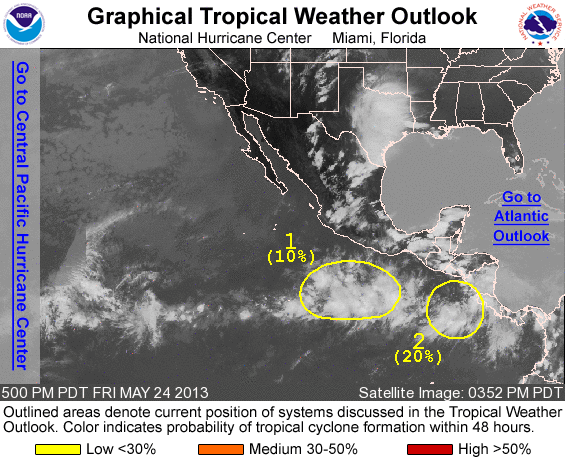
FOR THE EASTERN NORTH PACIFIC...EAST OF 140 DEGREES WEST LONGITUDE..

1. CLOUDINESS AND THUNDERSTORMS LOCATED SEVERAL HUNDRED MILES SOUTH OF THE COAST OF MEXICO ARE ASSOCIATED WITH A TROUGH OF LOW PRESSURE. DEVELOPMENT...IF ANY...OF THIS SYSTEM SHOULD BE SLOW TO OCCUR AS IT MOVES LITTLE DURING THE NEXT COUPLE OF DAYS. THIS SYSTEM HAS A LOW CHANCE...10 PERCENT...OF BECOMING A TROPICAL CYCLONE DURING THE NEXT 48 HOURS.

2. ANOTHER AREA OF DISTURBED WEATHER IS LOCATED ABOUT 150 MILES SOUTHWEST OF COAST OF COSTA RICA. ALTHOUGH THIS SYSTEM IS NOT SHOWING ANY SIGNS OF ORGANIZATION...ENVIRONMENTAL CONDITIONS APPEAR FAVORABLE FOR SOME GRADUAL DEVELOPMENT DURING THE NEXT COUPLE OF DAYS AS IT DRIFTS WESTWARD. THIS SYSTEM HAS A LOW CHANCE...20 PERCENT...OF BECOMING A TROPICAL CYCLONE DURING THE NEXT 48 HOURS.

ELSEWHERE...TROPICAL CYCLONE FORMATION IS NOT EXPECTED DURING THE NEXT 48 HOURS.

FORECASTER BROWN